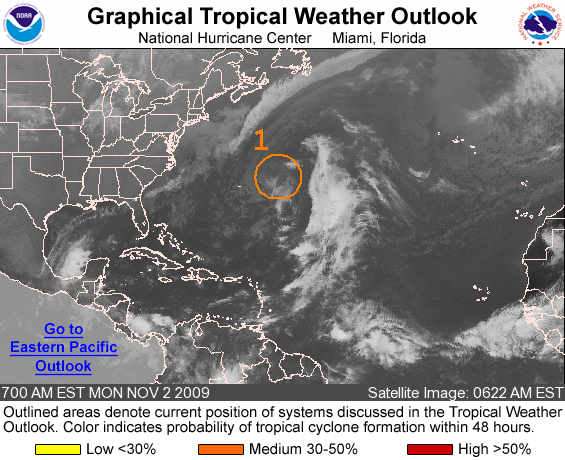
FOR THE NORTH ATLANTIC...CARIBBEAN SEA AND THE GULF OF MEXICO...

1. SHOWERS AND THUNDERSTORMS ASSOCIATED WITH A NON-TROPICAL LOW PRESSURE AREA LOCATED ABOUT 350 MILES EAST-NORTHEAST OF BERMUDA HAVE DIMINISHED OVERNIGHT. ALTHOUGH THE SYSTEM APPEARS TO BE LOSING ITS FRONTAL CHARACTERISTICS...ENVIRONMENTAL CONDITIONS ARE BECOMING LESS CONDUCIVE FOR DEVELOPMENT AS THE LOW MOVES GENERALLY NORTHWARD. THERE IS A MEDIUM CHANCE...30 TO 50 PERCENT...OF THIS SYSTEM BECOMING A SUBTROPICAL OR TROPICAL CYCLONE DURING THE NEXT 48 HOURS.

FOR ADDITIONAL INFORMATION ON THIS SYSTEM...REFER TO HIGH SEAS FORECASTS ISSUED BY THE NATIONAL WEATHER SERVICE UNDER AWIPS HEADER NFDHSFAT1 AND WMO HEADER FZNT01 KWBC.

ELSEWHERE...TROPICAL OR SUBTROPICAL CYCLONE FORMATION IS NOT EXPECTED DURING THE NEXT 48 HOURS.

FORECASTER BROWN/FRANKLIN